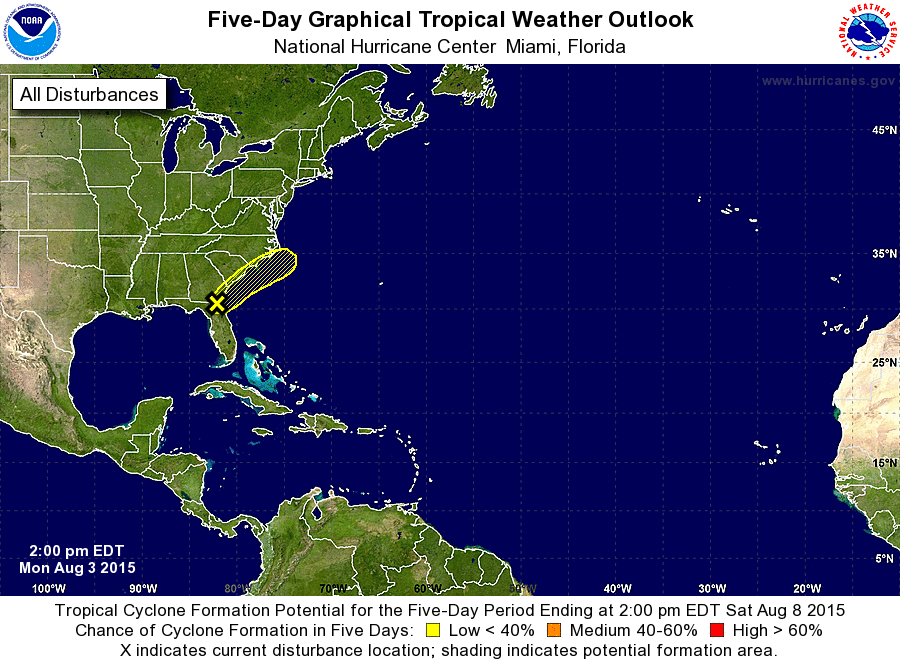
For the North Atlantic...Caribbean Sea and the Gulf of Mexico:

1. A weak area of low pressure located over northeastern Florida continues to produce a large area of disorganized showers and thunderstorms across portions of central Florida and the eastern Gulf of Mexico. Upper-level winds are not expected to be conducive for development as this low moves northeastward at about 10 mph near the southeastern United States coast during the next day or so. Regardless of development, this system is expected to continue to produce heavy rainfall and flooding across portions of central and northeastern Florida through tonight. For additional information on rainfall associated with this system, refer to products from your local National Weather Service forecast office.
* Formation chance through 48 hours...low...10 percent
* Formation chance through 5 days...low...10 percent

Forecaster Brown